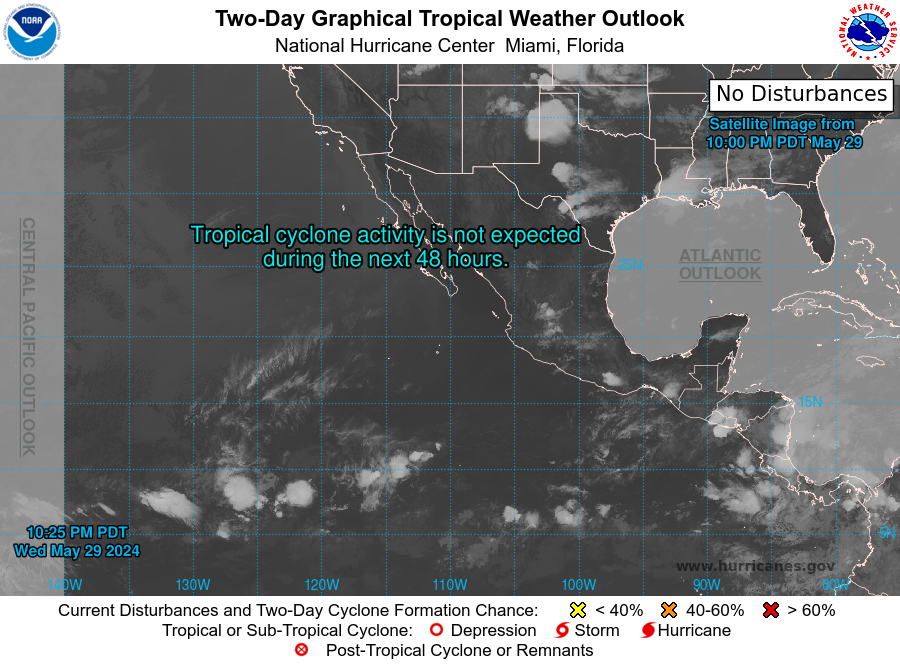
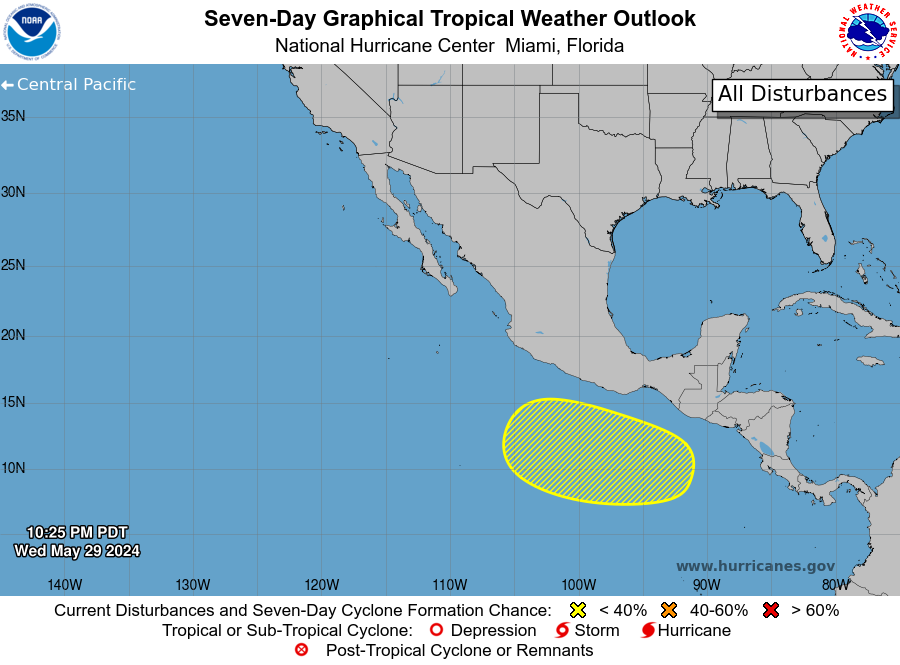
For the eastern North Pacific...east of 140 degrees west longitude:

1. South of the Coast of Mexico: A broad area of low pressure could a few hundred miles to the south of southern Mexico over the weekend. Some slow development of this system is possible during the early and middle portions of next week while it moves slowly westward.
* Formation chance through 48 hours...low...near 0 percent.
* Formation chance through 7 days...low...20 percent.

Forecaster Cangialosi